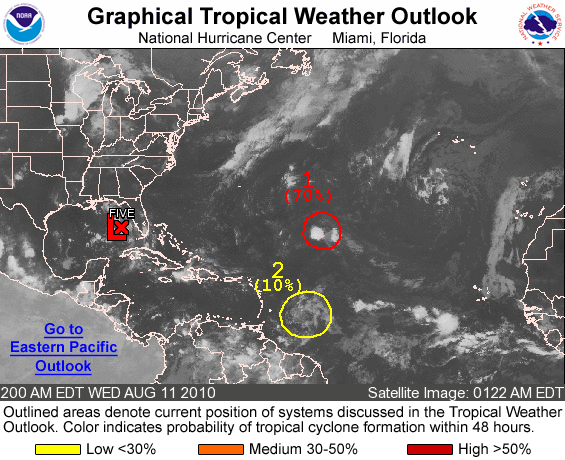
FOR THE NORTH ATLANTIC...CARIBBEAN SEA AND THE GULF OF MEXICO...

THE NATIONAL HURRICANE CENTER IS ISSUING ADVISORIES ON TROPICAL DEPRESSION FIVE...LOCATED ABOUT 240 MILES SOUTH OF APALACHICOLA FLORIDA.

1. SHOWER ACTIVITY ASSOCIATED WITH A WELL-DEFINED LOW PRESSURE SYSTEM LOCATED ABOUT 750 MILES NORTHEAST OF THE NORTHERN LEEWARDS ISLANDS HAS INCREASED JUST EAST OF THE CENTER. UPPER-LEVEL WINDS ARE MARGINALLY CONDUCIVE FOR DEVELOPMENT...AND ANY ADDITIONAL INCREASE IN THUNDERSTORM ACTIVITY COULD RESULT IN THE FORMATION OF A TROPICAL DEPRESSION AT ANY. THERE IS A HIGH CHANCE...70 PERCENT... OF THIS SYSTEM BECOMING A TROPICAL CYCLONE DURING THE NEXT 48 HOURS AS IT MOVES TOWARD THE NORTH AND NORTH-NORTHEAST OVER THE ATLANTIC.

2. SHOWER ACTIVITY ASSOCIATED WITH A TROPICAL WAVE LOCATED ABOUT 625 MILES EAST OF THE SOUTHERN WINDWARD ISLANDS REMAINS LIMITED AND POORLY ORGANIZED. THE WAVE IS MOVING WESTWARD AT ABOUT 15 MPH AND DEVELOPMENT...IF ANY...SHOULD BE SLOW TO OCCUR. THERE IS A LOW CHANCE...10 PERCENT... OF THIS SYSTEM BECOMING A TROPICAL CYCLONE DURING THE NEXT 48 HOURS.

ELSEWHERE...TROPICAL CYCLONE FORMATION IS NOT EXPECTED DURING THE NEXT 48 HOURS.

FORECASTER STEWART